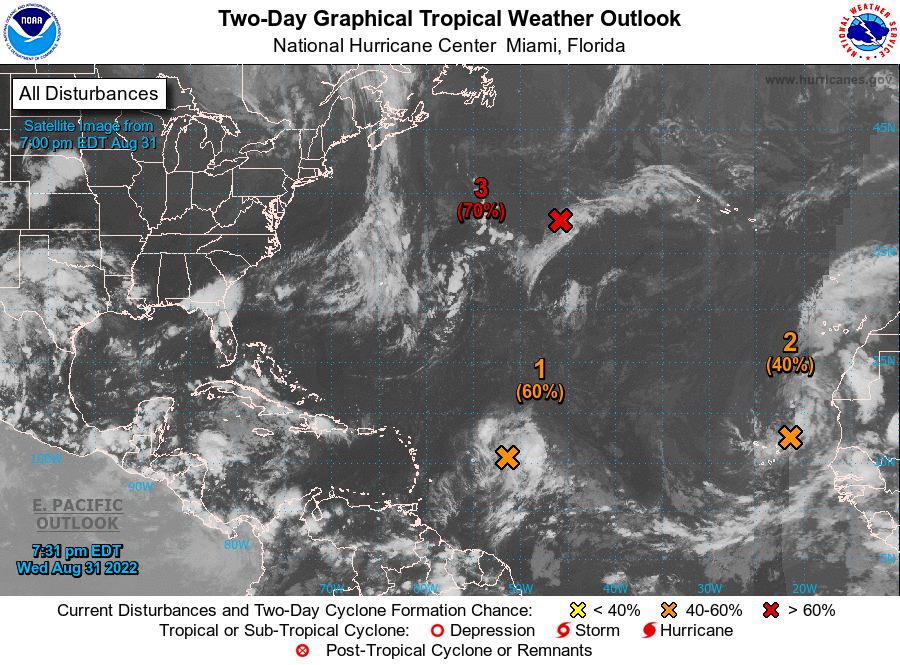
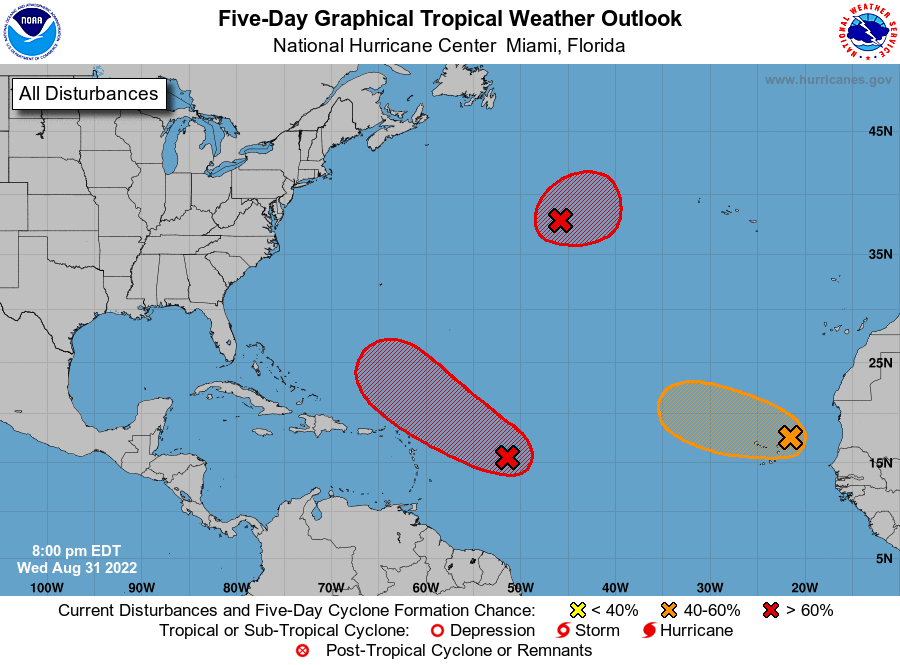
For the North Atlantic...Caribbean Sea and the Gulf of Mexico:

1. East of the Leeward Islands: Showers and thunderstorms associated with a broad area of low pressure located several hundred miles east of the Leeward Islands have gradually increased in organization over the past day or so. Although environmental conditions remain only marginally conducive, only slight additional development of the system over the next few days would lead to the formation of a tropical depression. The disturbance is forecast to move slowly west-northwestward, toward the adjacent waters of the northern Leeward Islands. Additional information on this system can be found in High Seas Forecasts issued by the National Weather Service.
* Formation chance through 48 hours...medium...60 percent.
* Formation chance through 5 days...high...80 percent.

2. Eastern Tropical Atlantic: Recent satellite wind data indicate that a broad area of low pressure is located just to the northeast of the Cabo Verde Islands. Although shower and thunderstorm activity associated with the system has diminished since earlier today, there is still a potential for the system to become a short-lived tropical depression within the next day or so before environmental conditions become unfavorable for further development. Regardless, the system could bring locally heavy rainfall to portions of the Cabo Verde Islands through Thursday.
* Formation chance through 48 hours...medium...40 percent.
* Formation chance through 5 days...medium...40 percent.

3. Central Subtropical Atlantic: An area of low pressure located about 850 miles west-southwest of the westernmost Azores has changed little in organization since earlier today. Environmental conditions are expected to be conducive for development, and a tropical or subtropical depression is likely to form within the next day or so, while the system drifts generally eastward. Additional information on this system can be found in High Seas Forecasts issued by the National Weather Service.
* Formation chance through 48 hours...high...70 percent.
* Formation chance through 5 days...high...80 percent.

High Seas Forecasts issued by the National Weather Service can be found under AWIPS header NFDHSFAT1, WMO header FZNT01 KWBC, and online at ocean.weather.gov/shtml/NFDHSFAT1.php

Forecaster Brown